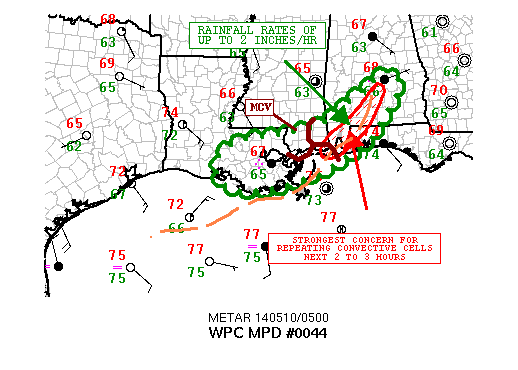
AREAS AFFECTED...SOUTHEASTERN LA...SOUTHERN MS...SOUTHERN AL...FAR
WESTERN FL PANHANDLE

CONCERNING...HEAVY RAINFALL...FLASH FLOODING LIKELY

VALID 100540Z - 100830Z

SUMMARY...HEAVY RAINS WILL CONTINUE OVER THE NEXT FEW HOURS AS
CONVECTION PERSISTS ALONG AND INLAND OF THE CENTRAL GULF COAST.
ADDITIONAL FLASH FLOODING CAN BE EXPECTED IN THE SHORT-TERM.

DISCUSSION...WV IMAGERY COUPLED WITH THE LATEST GOES-RGB AIRMASS
PRODUCT SHOW A SHORTWAVE TROUGH NOW ADVANCING EAST INTO THE WRN
GULF OF MEXICO WHICH APPEARS TO BE ON THE LARGER SCALE HELPING TO
PROVIDE SOME ORGANIZED LARGER SCALE ASCENT ALONG THE CNTRL GULF
COAST REGION WHERE CONVECTION IS SEEN PERSISTING. LATEST IR
IMAGERY SHOWS SOME WARMING OF CLOUD TOPS OVER THE LAST COUPLE OF
HOURS...BUT THE APPROACH OF THE ENERGY UPSTREAM AND INTERACTION
WITH A MODERATELY UNSTABLE AIRMASS POOLED OVER THE NRN GULF OF
MEXICO SHOULD CONTINUE TO FOSTER NUMEROUS SLOW-MOVING AND
REPEATING CONVECTIVE CELLS OVER THE NEXT FEW HOURS...AND ESP FOR
FAR SERN MS...SRN AL AND POSSIBLY THE FAR WRN FL PANHANDLE.

THE 00Z NAM-CONEST...00Z HRW-ARW AND 00Z HRW-NMM MAINTAIN A SIGNAL
FOR VERY HVY RAIN IN PARTICULAR ACROSS THESE AREAS...WITH
ADDITIONAL RAINFALL AMTS OF 2 TO 4 INCHES WITH ISOLD HEAVIER
TOTALS OVER 6 INCHES POSSIBLE. SUPPORTING THIS IDEA...BASED ON THE
LATEST RADAR IMAGERY...IS THE PRESENCE AND EXPECTED SLOW EWD
ADVANCE OF AN MCV NEAR COASTAL MS. A WEAK AREA OF LOW PRESSURE
HERE IS ALSO LIKELY TO CONTINUE TAPPING SOME OF THE DEEPER
MOISTURE/INSTABILITY POOLED OVER THE NRN GULF OF MEXICO AND THUS
SUSTAINING THE CONVECTIVE POTENTIAL.

HVY RAINS ARE LIKELY TO CONTINUE FARTHER WEST OVER SERN LA...BUT
THIS ACTIVITY WILL BECOME MORE STRATIFORM IN NATURE AND WILL BE
WEAKENING OVER THE NEXT 1 TO 2 HOURS GIVEN THE CONVECTIVE
STABILIZATION OF THE BOUNDARY LAYER. NEVERTHELESS...FLASH FLOODING
IS ONGOING LOCALLY AND SO ANY ADDITIONAL RAINS WILL RESULT IN MORE
RUNOFF CONCERNS.